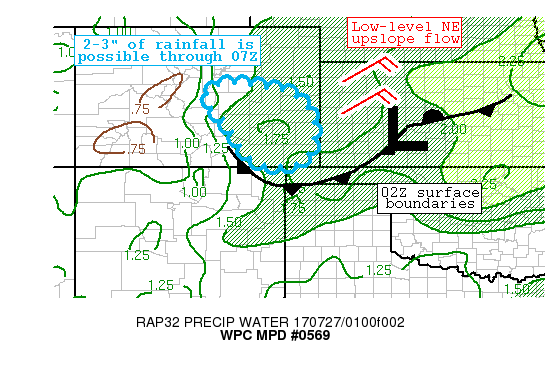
AREAS AFFECTED...SOUTHEASTERN CO...

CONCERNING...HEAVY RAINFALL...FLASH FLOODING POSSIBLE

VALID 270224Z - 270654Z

SUMMARY...THUNDERSTORMS CURRENTLY CONGREGATING OVER THE CENTRAL
ROCKIES WILL CONTINUE TO SLOWLY PROPAGATE EAST-SOUTHEASTWARD
TOWARD EASTERN CO. THESE CELLS WILL MOVE INTO AN ANOMALOUS POOL OF
MOISTURE AIDED BY SUFFICIENT NORTHEASTERLY UPSLOPE FLOW. EXPECT
POCKETS OF FLASH FLOODING WHERE THE MORE ROBUST UPDRAFTS RESIDE.

DISCUSSION...THE 02Z SURFACE ANALYSIS SHOWED STRONG CONVERGENCE
OCCURRING ALONG A BOUNDARY SINKING DOWN INTO THE FAR WESTERN OK
PANHANDLE UP TOWARD FAR SOUTHEASTERN CO. IN THE POST-FRONTAL
ENVIRONMENT...SURFACE OBSERVATIONS AS WELL LOCAL 00Z RAOBS SHOW
SUFFICIENT EAST-NORTHEASTERLY FLOW IN THE PRESENCE OF FAIRLY HIGH
DEW POINTS. 02Z OBSERVATIONS ACROSS EASTERN CO ARE QUITE
IMPRESSIVE NEARING 65F. FURTHER...BLENDED TPW IMAGERY SHOWS QUITE
A PLUME OF MOISTURE EXTENDING FROM FAR SOUTHEASTERN CO TOWARD THE
MO VALLEY. GIVEN PERSISTENT MOISTURE ADVECTION FROM THE HIGH
PRECIPITABLE WATER AIR SITTING OVER THE CENTRAL PLAINS...EXPECT
FAIRLY HEAVY RAINFALL AMOUNTS TO BE COMMONPLACE WITHIN THIS
UPSLOPE FLOW REGIME.

WHILE HIGH-RESOLUTION MODELS VARY IN PLACEMENT ACROSS THE MPD
AREA...THEY ARE GENERALLY CONSISTENT IN FAVORING LOCALLY HEAVY
RAINFALL INTO THE OVERNIGHT HOURS. THE THREAT SHOULD CONTINUE
UNTIL THE INSTABILITY POOL IS EXHAUSTED. EVENTUALLY THE CONVECTION
WILL BECOME MORE OUTFLOW DOMINANT DRIVING TOWARD THE CO/KS BORDER.